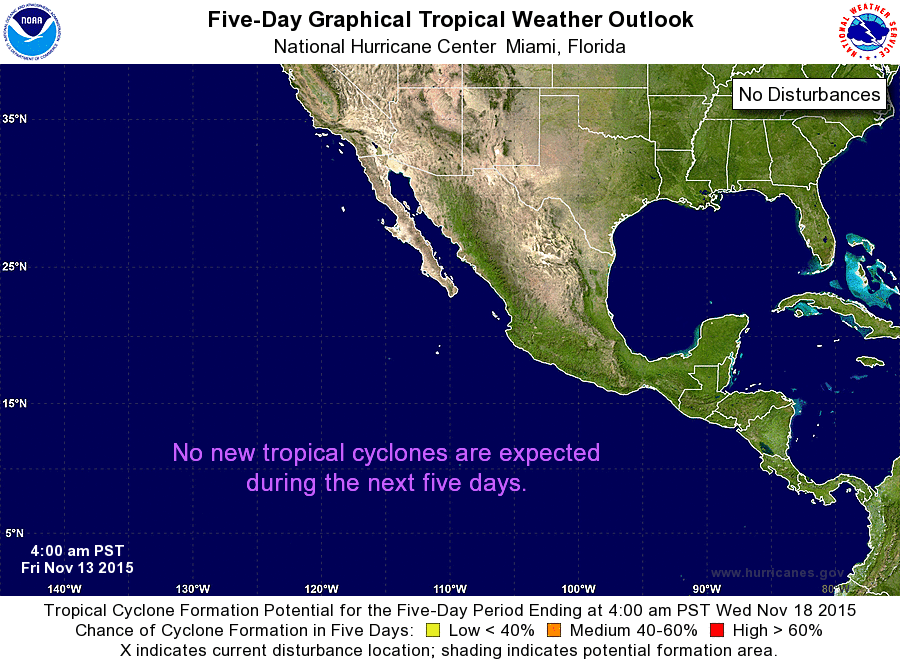
For the eastern North Pacific...east of 140 degrees west longitude:

Tropical cyclone formation is not expected during the next 5 days.

Forecaster Stewart